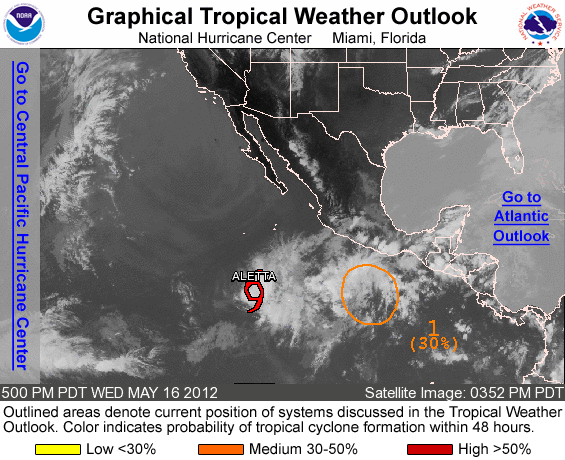
FOR THE EASTERN NORTH PACIFIC...EAST OF 140 DEGREES WEST LONGITUDE..

THE NATIONAL HURRICANE CENTER IS ISSUING ADVISORIES ON TROPICAL STORM ALETTA...LOCATED ABOUT 830 MILES SOUTH-SOUTHWEST OF THE SOUTHERN TIP OF BAJA CALIFORNIA.

1. A BROAD LOW PRESSURE AREA LOCATED ABOUT 500 MILES SOUTH OF ACAPULCO MEXICO HAS CHANGED LITTLE OVER THE PAST SEVERAL HOURS. ENVIRONMENTAL CONDITIONS ARE GENERALLY CONDUCIVE FOR SLOW DEVELOPMENT OF THIS SYSTEM DURING THE NEXT FEW DAYS. THIS SYSTEM HAS A MEDIUM CHANCE...30 PERCENT...OF BECOMING A TROPICAL CYCLONE DURING THE NEXT 48 HOURS AS IT MOVES SLOWLY TO THE NORTHWEST.

ELSEWHERE...TROPICAL CYCLONE FORMATION IS NOT EXPECTED DURING THE NEXT 48 HOURS.

FORECASTER BLAKE